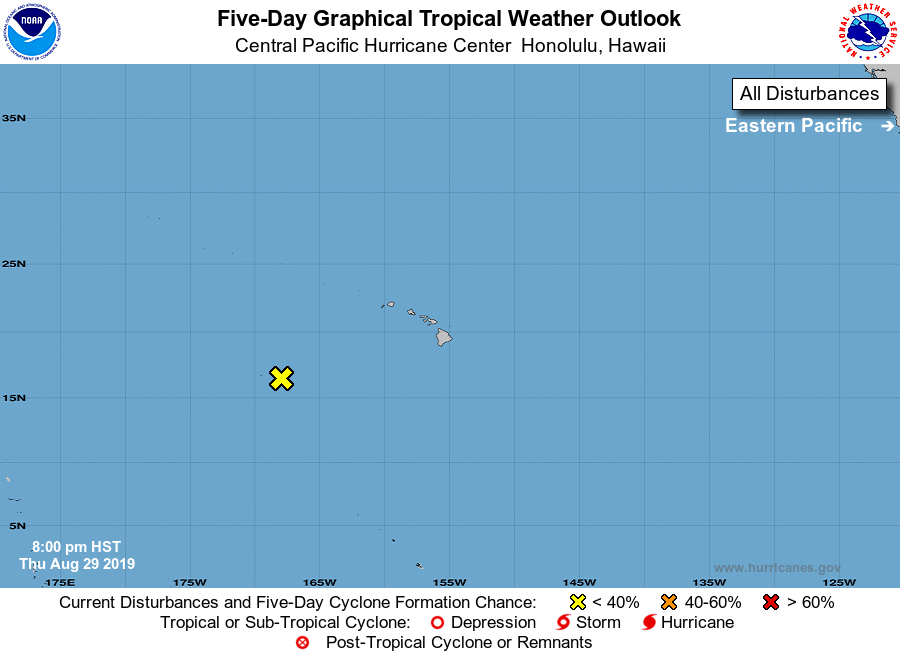
For the central North Pacific...between 140W and 180W:

1. An area of low pressure, located about 750 miles southwest of Honolulu, Hawaii is producing an area of disorganized showers and thunderstorms. Environmental conditions are not forecast to be conducive for development over the next few days as it moves westward.
*Formation chance through 48 hours...low...near 0 percent
*Formation chance through 5 days...low...near 0 percent

Elsewhere, no tropical cyclones are expected during the next 5 days.

Forecaster Gibbs